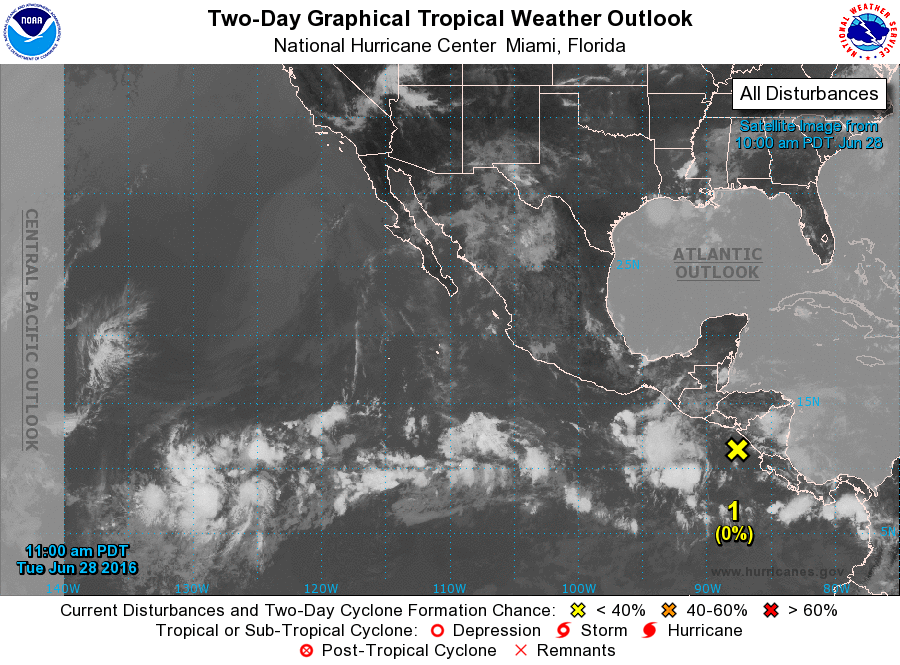
For the eastern North Pacific...east of 140 degrees west longitude:

1. A westward-moving tropical wave has moved into the eastern North Pacific basin and is producing disorganized shower activity. A broad area of low pressure is expected to form in association with this wave south of the Gulf of Tehuantepec by Thursday. Environmental conditions are forecast to be conducive for gradual development of the disturbance, and a tropical depression could form over the weekend while the system moves generally westward at 10 to 15 mph, remaining well offshore of the coast of Mexico.
* Formation chance through 48 hours...low...near 0 percent
* Formation chance through 5 days...medium...50 percent

Forecaster Stewart